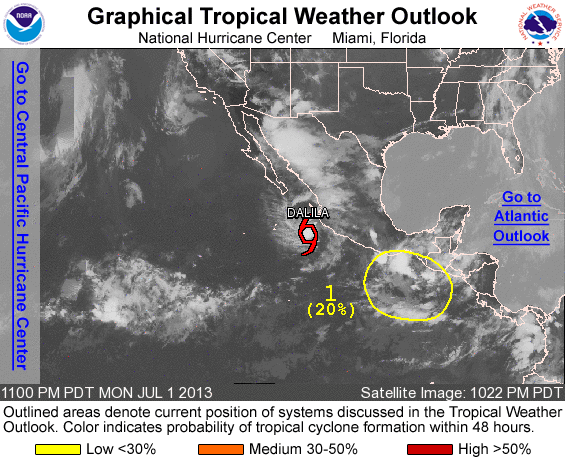
FOR THE EASTERN NORTH PACIFIC...EAST OF 140 DEGREES WEST LONGITUDE..

THE NATIONAL HURRICANE CENTER IS ISSUING ADVISORIES ON TROPICAL STORM DALILA...LOCATED A COUPLE OF HUNDRED MILES OFFSHORE OF THE SOUTHWESTERN COAST OF MEXICO.

1. AN AREA OF DISTURBED WEATHER EXTENDS SOUTHWARD FROM THE GULF OF TEHUANTEPEC FOR SEVERAL HUNDRED MILES. ENVIRONMENTAL CONDITIONS ARE EXPECTED TO BECOME CONDUCIVE FOR SLOW DEVELOPMENT OF THIS DISTURBANCE DURING THE COUPLE OF DAYS. THIS SYSTEM HAS A LOW CHANCE...20 PERCENT...OF BECOMING A TROPICAL CYCLONE DURING THE NEXT 48 HOURS AS IT MOVES WESTWARD TO WEST-NORTHWESTWARD AT 10 MPH.

ELSEWHERE...TROPICAL CYCLONE FORMATION IS NOT EXPECTED DURING THE NEXT 48 HOURS.

FORECASTER BEVEN